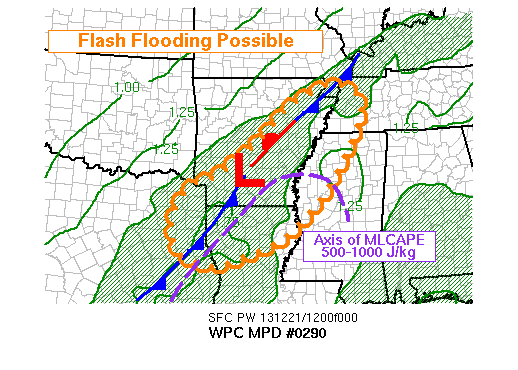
AREAS AFFECTED...ERN AR...WRN TN AND MS...NE TX...NRN LA

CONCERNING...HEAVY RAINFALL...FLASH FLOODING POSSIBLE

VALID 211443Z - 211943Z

SUMMARY...EXPECTING INCREASING RAINFALL EFFICIENCY AS DEEP LAYER
ASCENT ARRIVES DURING FAVORABLE DIURNAL HEATING CYCLE. TRAINING
CELLS MAY QUICKLY PRODUCE 2-3 INCHES OF RAIN WITH LOCAL TOTALS
APPROACHING 4 INCHES.

DISCUSSION...AN ONGOING MCS WAS ALIGNED WITH THE LARGELY
UNIDIRECTIONAL FLOW IN PLACE ABOVE 850 MB. THE ASSOCIATED COLD
POOL WAS DRIVING THE LEADING EDGE STEADILY EASTWARD...BUT MAINLY
OVER NORTHEAST ARKANSAS WHERE LOW LEVEL FLOW WAS SOMEWHAT VEERED
IN THE WAKE OF A SUBTLE SHORTWAVE. EASTWARD PROGRESS WAS SLOWER
OVER SOUTHERN ARKANSAS...WHERE CELLS WERE ALSO MORE VIGOROUS OWING
TO GREATER CAPE.

WITH THE UPPER LEVEL WAVE EJECTING TOWARD THIS REGION...THE HIGH
RESOLUTION MODELS ARE UNANIMOUS IN PRODUCING A SWATH OF HEAVY RAIN
IN THE 15-21Z TIME FRAME...BUT THEY DO SO FARTHER NORTH AND WEST
IN ARKANSAS AND MISSOURI. LOW LEVEL FLOW WILL STRENGTHEN...WHICH
DOES CAUSE PREDICTED INDIVIDUAL CELL MOTION AND MCS MOTION TO BACK
BETWEEN 15-18Z...BUT THE PRE-EXISTING COLD POOL WILL LIKELY
POSITION THE AXIS OF HEAVIEST CONVECTIVE RAINS FARTHER SOUTH AND
EAST. ADJUSTING THE 11Z HRRR OUTPUT FOR THIS...WOULD EXPECT THE
HEAVY RAIN THREAT TO CONCENTRATE ACROSS THE OUTLINED AREA. THIS
INCLUDES SOME PORTIONS OF THE POST-FRONTAL ENVIRONMENT IN NE
TX...WHERE THE FRONTAL INVERSION WAS VERY SHALLOW AND THE COVERAGE
OF DEEP CONVECTION WAS SEEN INCREASING AT 1430Z.

PRECIPITABLE WATER VALUES WHERE INCREASING RAPIDLY UP TOWARD 1.70
INCHES PER SOUNDINGS AND SATELLITE DATA. RAIN EFFICIENCY SHOULD
INCREASE...WITH RATES APPROACHING 1.5 INCHES PER HOUR. CELL
MOTION...EVEN FOR RIGHT MOVERS...WILL REMAIN ROUGHLY PARALLEL TO
CORFIDI VECTORS THROUGHOUT THE DAY...SUGGESTING TRAINING CELLS
WITH THE POTENTIAL TO DELIVER FLOODING RAINS.